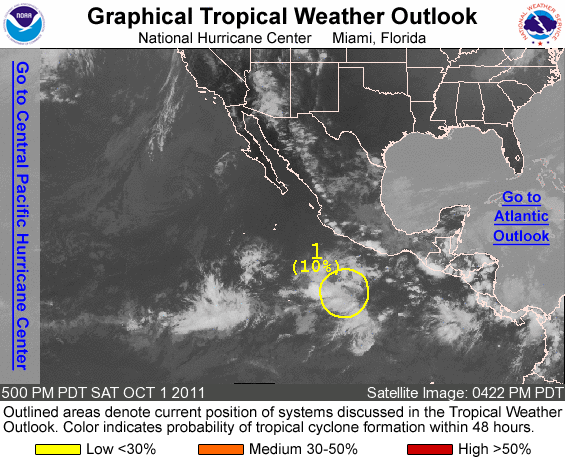
FOR THE EASTERN NORTH PACIFIC...EAST OF 140 DEGREES WEST LONGITUDE..

1. AN AREA OF DISTURBED WEATHER LOCATED ABOUT 400 MILES SOUTH-SOUTHWEST OF ACAPULCO MEXICO IS PRODUCING DISORGANIZED SHOWER AND THUNDERSTORM ACTIVITY. SOME SLOW DEVELOPMENT OF THIS SYSTEM IS POSSIBLE OVER THE NEXT COUPLE OF DAYS AS IT MOVES SLOWLY WESTWARD. THIS SYSTEM HAS A LOW CHANCE...10 PERCENT...OF BECOMING A TROPICAL CYCLONE DURING THE NEXT 48 HOURS.

ELSEWHERE...TROPICAL CYCLONE FORMATION IS NOT EXPECTED DURING THE NEXT 48 HOURS.

FORECASTER BRENNAN